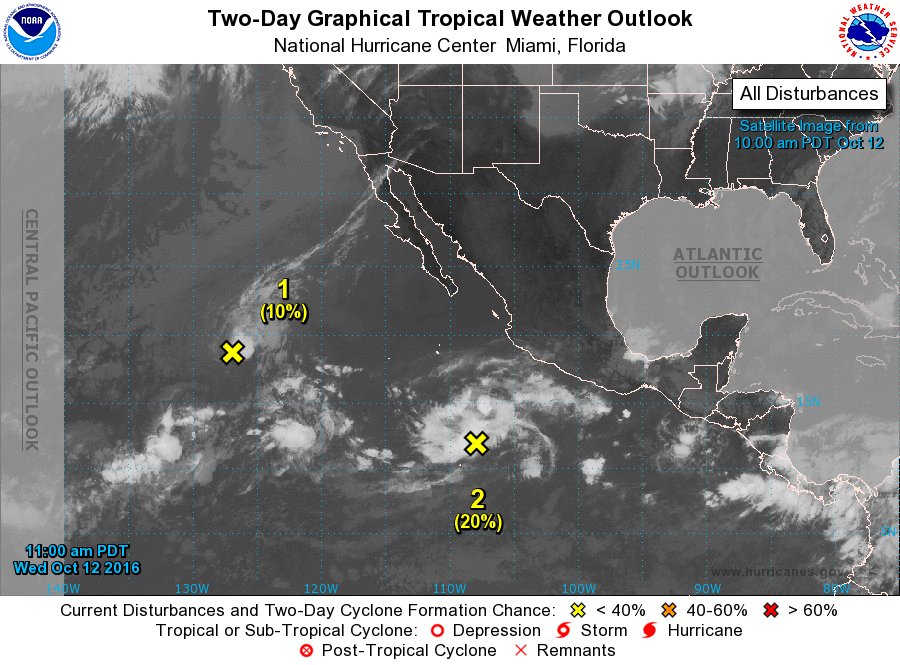
For the eastern North Pacific...east of 140 degrees west longitude:

1. An area of low pressure located more than a thousand miles west- southwest of the southern tip of the Baja California peninsula is producing a small area of showers and thunderstorms. The low is about to reach cooler waters, and tropical cyclone formation is not expected while the system moves westward at 10 to 15 mph.
* Formation chance through 48 hours...low...10 percent
* Formation chance through 5 days...low...10 percent

2. Disorganized showers and thunderstorms located several hundred miles southwest of the southern coast of Mexico are associated with a broad area of low pressure. Some slow development of this system is possible during the next several days while the low moves west-northwestward at 15 to 20 mph away from the coast of Mexico.
* Formation chance through 48 hours...low...20 percent
* Formation chance through 5 days...medium...40 percent

Forecaster Berg